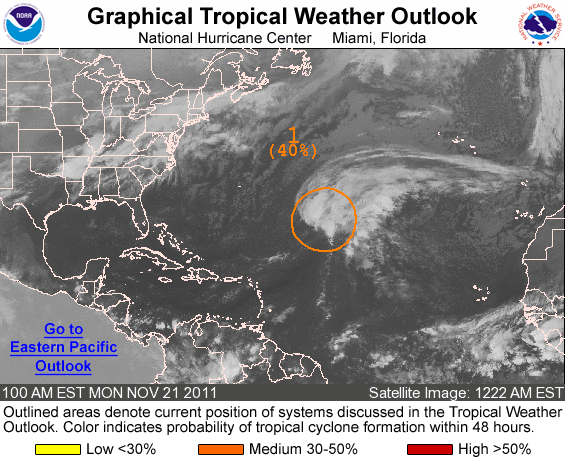
FOR THE NORTH ATLANTIC...CARIBBEAN SEA AND THE GULF OF MEXICO...

1. A BROAD LOW PRESSURE SYSTEM LOCATED ABOUT 850 MILES NORTHEAST OF THE LEEWARD ISLANDS CONTINUES TO PRODUCE A LARGE AREA OF CLOUDINESS... SHOWERS AND A FEW THUNDERSTORMS MAINLY TO THE NORTH AND EAST OF ITS CENTER. THIS SYSTEM IS FORECAST TO STRENGTHEN AND PRODUCE GALE-FORCE WINDS OVER THE NEXT COUPLE OF DAYS...AND IT IS POSSIBLE THAT THE LOW COULD GRADUALLY ACQUIRE SUBTROPICAL CHARACTERISTICS BEFORE IT MOVES OVER COOLER WATER. THIS SYSTEM HAS A MEDIUM CHANCE...40 PERCENT...OF BECOMING A SUBTROPICAL CYCLONE DURING THE NEXT 48 HOURS AS IT MOVES NORTH-NORTHEASTWARD AT 10 TO 15 MPH.

ADDITIONAL INFORMATION ON THIS LARGE WEATHER SYSTEM CAN BE FOUND IN HIGH SEAS FORECASTS ISSUED BY THE NATIONAL WEATHER SERVICE...UNDER AWIPS HEADER NFDHSFAT1 AND WMO HEADER FZNT01 KWBC.

ELSEWHERE...TROPICAL CYCLONE FORMATION IS NOT EXPECTED DURING THE NEXT 48 HOURS.

FORECASTER STEWART